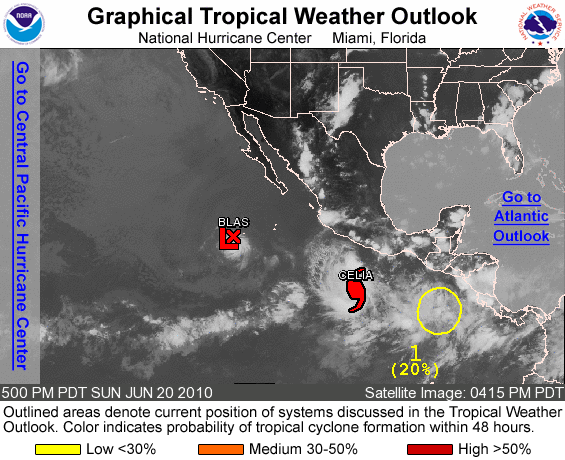
FOR THE EASTERN NORTH PACIFIC...EAST OF 140 DEGREES WEST LONGITUDE..

THE NATIONAL HURRICANE CENTER IS ISSUING ADVISORIES ON RECENTLY UPGRADED HURRICANE CELIA LOCATED ABOUT 365 MILES SOUTH OF ACAPULCO MEXICO...AND ON RECENTLY DOWNGRADED TROPICAL DEPRESSION BLAS LOCATED ABOUT 470 MILES SOUTHWEST OF THE SOUTHERN TIP OF BAJA CALIFORNIA.

1. A BROAD AREA OF LOW PRESSURE LOCATED ABOUT 450 MILES SOUTH-SOUTHEAST OF GUATEMALA IS PRODUCING WIDESPREAD CLOUDINESS AND SHOWERS OVER MUCH OF THE FAR EASTERN NORTH PACIFIC AND ADJACENT LAND AREAS. THIS SYSTEM IS MOVING WEST-NORTHWESTWARD AT 10 TO 15 MILES PER HOUR AND IS SHOWING SOME SIGNS OF ORGANIZATION. THERE IS A LOW CHANCE...ABOUT 20 PERCENT...OF THIS SYSTEM BECOMING A TROPICAL CYCLONE DURING THE NEXT 48 HOURS.

ELSEWHERE...TROPICAL CYCLONE FORMATION IS NOT EXPECTED DURING THE NEXT 48 HOURS.

FORECASTER STEWART/LANDSEA